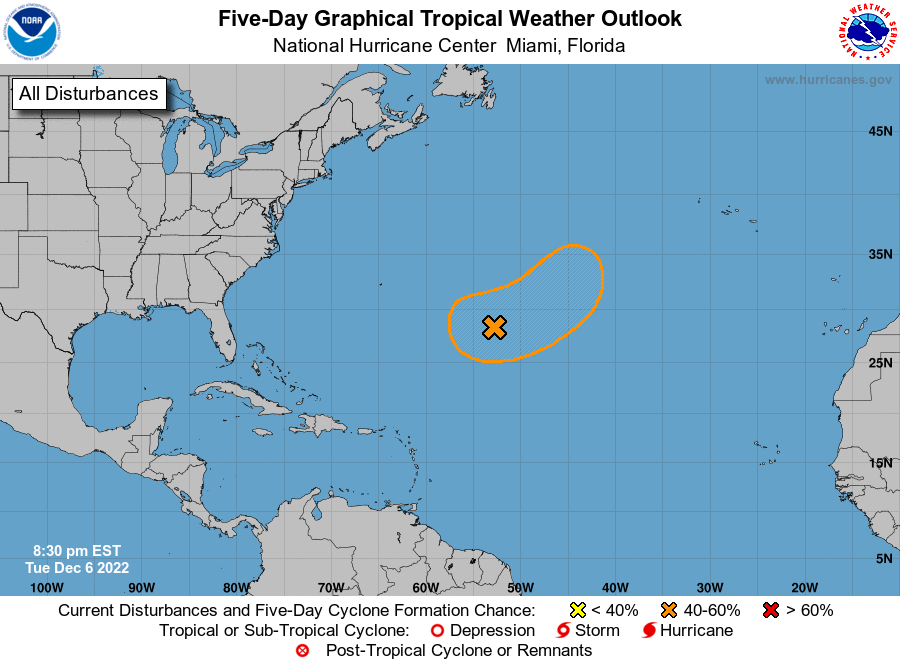
For the North Atlantic...Caribbean Sea and the Gulf of Mexico:

Special Tropical Weather Outlook issued to discuss the potential for subtropical development over the central Atlantic.

1. Central Subtropical Atlantic: A large non-tropical area of low pressure located over the central subtropical Atlantic about 800 miles northeast of the northern Leeward Islands continues to produce a large area of disorganized showers and thunderstorms. Environmental conditions appear marginally conducive for development and a subtropical or tropical storm could form within the next day or two. By Thursday night or early Friday, the low will move northeastward over cooler waters and interact with a mid-latitude trough, limiting the chance for additional subtropical or tropical development of the system. Additional information on this low, including warnings, can be found in High Seas Forecasts issued by the National Weather Service. The next Special Tropical Weather Outlook on this system will be issued by 9 AM EST Wednesday, or earlier, if necessary.
* Formation chance through 48 hours...medium...50 percent.
* Formation chance through 5 days...medium...50 percent.

High Seas Forecasts issued by the National Weather Service can be found under AWIPS header NFDHSFAT1, WMO header FZNT01 KWBC, and online at ocean.weather.gov/shtml/NFDHSFAT1.php

Forecaster Brown